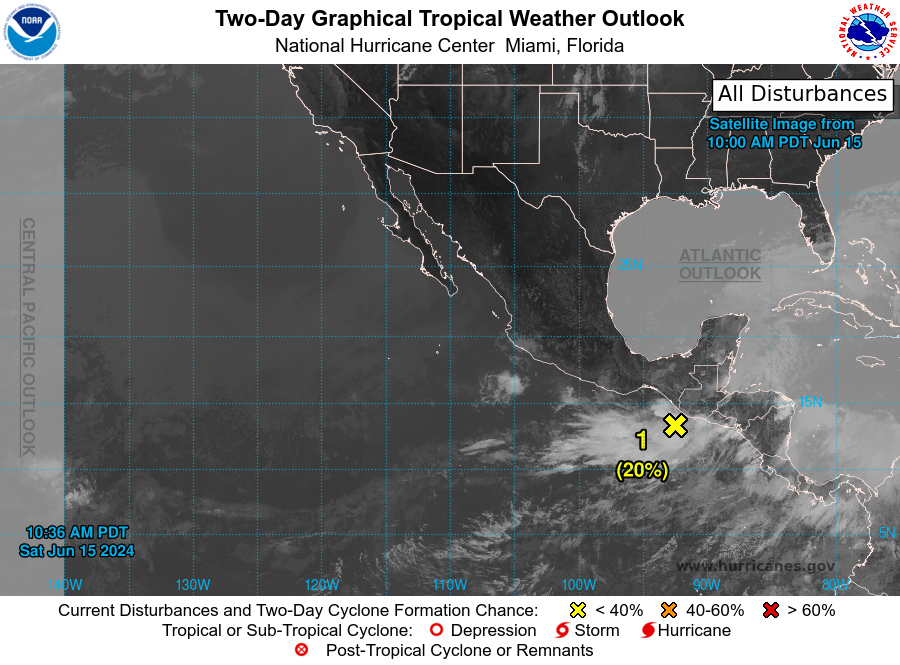
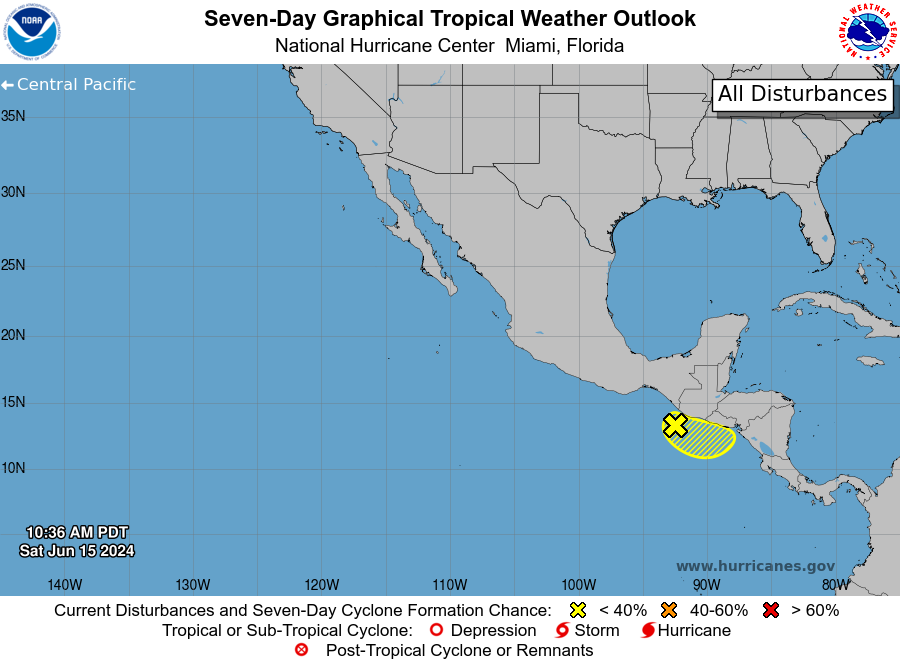
For the eastern North Pacific...east of 140 degrees west longitude:

1. Offshore Central America: Latest satellite imagery and surface observations depict that a trough of low pressure has developed offshore the southern coast of Guatemala. Environmental conditions are favorable for slow development of this system, and a tropical depression could develop early next week while the system meanders near the coast. Regardless of development, several days of heavy rainfall are expected across portions of southern Mexico and Central America. These rains are likely to cause life-threatening flooding and flash flooding.
* Formation chance through 48 hours...low...20 percent.
* Formation chance through 7 days...low...20 percent.

Forecaster Kelly